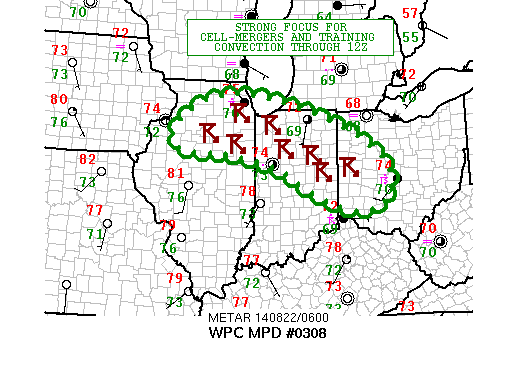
AREAS AFFECTED...NORTHERN IL...CENTRAL AND NORTHERN IN...WESTERN
OH

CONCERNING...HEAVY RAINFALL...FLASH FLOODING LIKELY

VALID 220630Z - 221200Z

SUMMARY...NUMEROUS SHOWERS AND THUNDERSTORMS ARE EXPECTED OVER THE
NEXT SEVERAL HOURS WITH CELL-MERGERS AND SOME TRAINING EXPECTED.

DISCUSSION...THE LATEST IR SAT IMAGERY SHOWS A RAPIDLY EXPANDING
AREA OF COLD-TOPPED CONVECTION OVER NERN IL AND INTO NWRN IN. THE
ACTIVITY IS DEVELOPING JUST EAST OF THE CREST OF A LARGE SCALE
RIDGE AXIS FOCUSED OVER THE MID MS VLY AND APPEARS IN PART TO BE
GETTING ORGANIZED WITH THE AID OF A WEAK SHORTWAVE IMPULSE AND
ASSOCD JET STREAK TRAVERSING WI AND NRN IL ATTM.

THERE HAD BEEN A BIT OF A MID LVL CAPPING INVERSION THAT WAS
PREVENTING CONVECTION THROUGH MUCH OF THE EVENING...BUT THE LATEST
RAP ANALYSIS CONFIRMS THAT MUCH OF THAT HAS ERODED AND SO
CONVECTION IS EXPECTED TO CONTINUE TO EXPAND AND ORGANIZE THE NEXT
FEW HOURS OVER NERN IL AND ESP DOWNWIND INTO CNTRL/NRN IN AND WRN
OH THROUGH THE EARLY MORNING HOURS. THE LOW LVL JET IS NOT
PARTICULARLY STRONG...ON THE ORDER OF 30 KTS...BUT SUFFICIENT
FORCING ALOFT WILL COMPENSATE AND THERE IS SUFFICIENT ELEVATED
INSTABILITY AND DEEP MOISTURE FOR THE CONVECTION TO BE INTENSE
FROM A RAINFALL PERSPECTIVE.

THE LATEST HI-RES MODELS INCLUDING THE 00Z NAM-CONEST...00Z
ARW...AND 00Z NMMB ALL SHOW SIGNALS FOR VERY HVY RAINFALL THROUGH
THE REMAINDER OF THE NIGHT. THERE IS DISAGREEMENT ON THE PLACEMENT
OF HEAVIEST AMTS...BUT A COMMON OVERLAP IS NRN IN AND ALONG THE
IN/OH BORDER WHERE ALL THREE MODELS SUGGEST RAINFALL POTENTIAL
EXCEEDING 5 INCHES THROUGH 12Z.

THE ENVIRONMENT IS CONDUCIVE FOR CELL-MERGERS AND TRAINING THROUGH
THE NIGHT AND SO THESE RAINFALL AMTS ARE NOT UNREALISTIC. GIVEN
PWATS AOA 2 INCHES...THERE WILL BE A NOTABLE FLASH FLOOD THREAT
AND ESP WHERE HVY RAINS HAD OCCURRED EARLIER. WILL CONTINUE TO
MONITOR.